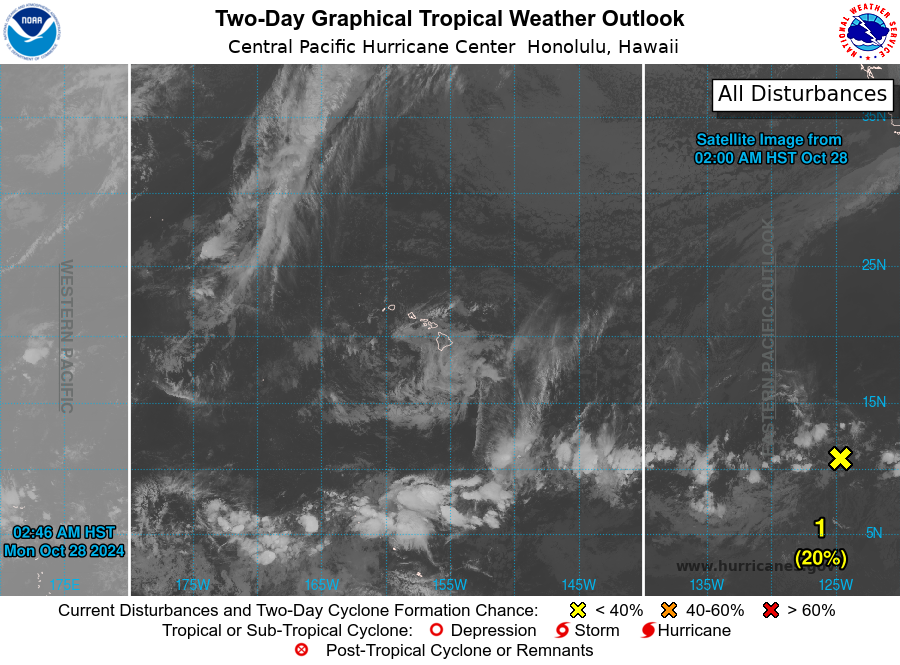
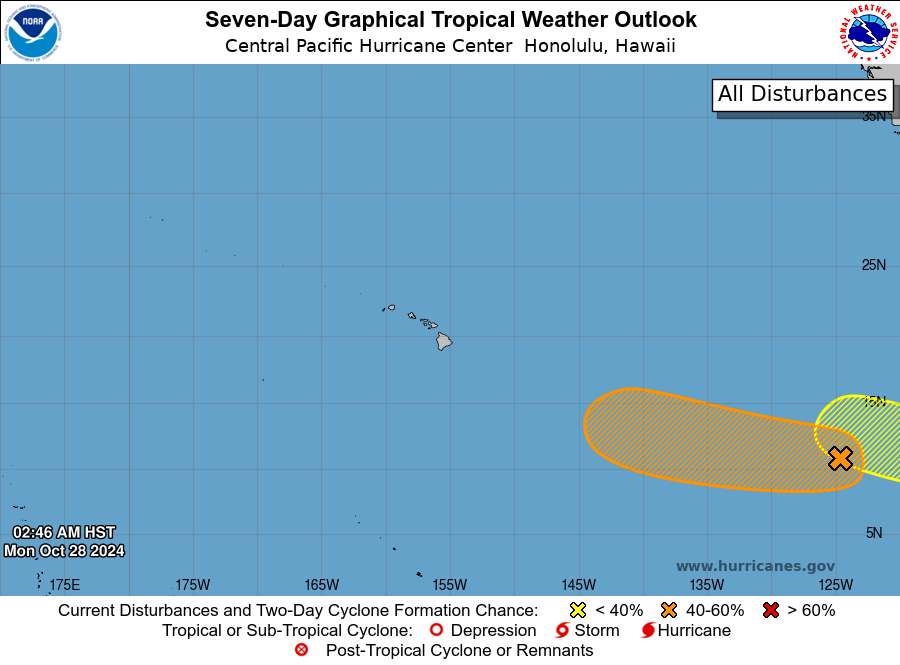
For the central North Pacific...between 140W and 180W:

1. About 2200 miles east-southeast of Hilo, Hawaii (EP91): A broad area of low pressure located more than 1000 miles southwest of the southern tip of the Baja California peninsula is producing disorganized shower activity. Environmental conditions appear generally conducive for gradual development of this system, and a tropical depression could form within the next few days while it moves westward at about 15 mph. This system is expected to move into the central Pacific basin by the end of the week.
* Formation chance through 48 hours...low...20 percent.
* Formation chance through 7 days...medium...60 percent.

Elsewhere, no tropical cyclones are expected during the next 7 days.

Forecaster Powell